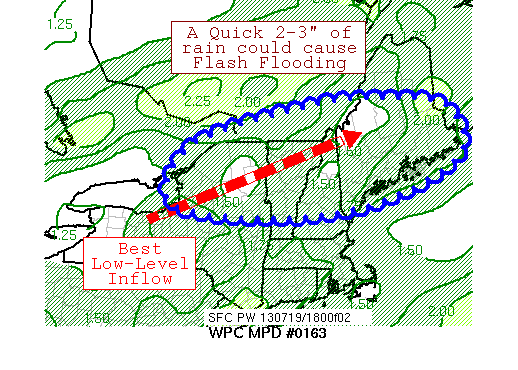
AREAS AFFECTED...MUCH OF ME...NH...VT...NORTHERN NY

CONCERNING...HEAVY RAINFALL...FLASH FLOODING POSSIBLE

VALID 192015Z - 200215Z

SUMMARY...A BAND OF CONVECTION ACROSS SOUTHEAST CANADA IS EXPECTED
TO DROP INTO CENTRAL NEW ENGLAND AND NORTHERN NY.  DUE TO THE
RELATIVELY LOW FLASH FLOOD GUIDANCE VALUES -- FFGS -- AND RECENT
RAINS ACROSS NORTHERN AND CENTRAL ME, FLASH FLOODING IS POSSIBLE.

DISCUSSION...A WAVY/"LEWP-Y" BAND OF CONVECTION EXTENDING FROM
SOUTHERN QUEBEC INTO SOUTHEAST ONTARIO IS MOVING TOWARDS THE
REGION THROUGH THE WARM SECTOR OF A FRONTAL WAVE.  DIVERGENCE
ALOFT HAS BEEN CAUSED BY TROUGHING DEVELOPING UPSTREAM ACROSS
ONTARIO AND LAKE SUPERIOR.  INFLOW AND DEEP LAYERED FLOW ACROSS
THE REGION ARE CLOSE TO 50 KNOTS.  CAPE VALUES ACROSS THE REGION
ARE IN THE NEIGHBORHOOD OF 2000-3000 J/KG.  PRECIPITABLE WATER
VALUES ARE AROUND TWO INCHES WITHIN THE BAND, WHICH IS TWICE THE
NORMAL VALUE AND NEAR THE 90TH PERCENTILE FOR MID-JULY IN THIS
REGION.

THE BAND IS CURRENTLY MOVING AT A SLIGHT ANGLE TO THE MEAN FLOW,
WHICH COULD LEAD TO CELL TRAINING ACROSS THE REGION BETWEEN THE
SMALL CONVECTIVE BOWS WITHIN ITS LEWP -- LINE ECHO WAVE PATTERN.
EARLIER STORMS NEAR QUEBEC CITY EARLY THIS AFTERNOON DISPLAYED
RAINFALL RATES OVER 1.5 INCHES PER HOUR, SO THE POTENTIAL IS THERE
FOR HEAVY RAINS FROM A RAINFALL EFFICIENCY STANDPOINT.  THE 15Z
HRRR INDICATES THAT THE CONVECTION SHOULD PERSIST UNTIL ABOUT
01Z/9 PM EDT, THOUGH ITS MOTION LOOKS A BIT TOO SLOW PER RECENT
RADAR TRENDS. THE FFGS ACROSS THE REGION ARE ROUGHLY TWO INCHES IN
THREE HOURS. A QUICK 2-3 INCHES OF RAIN COULD LEAD TO FLASH
FLOODING.